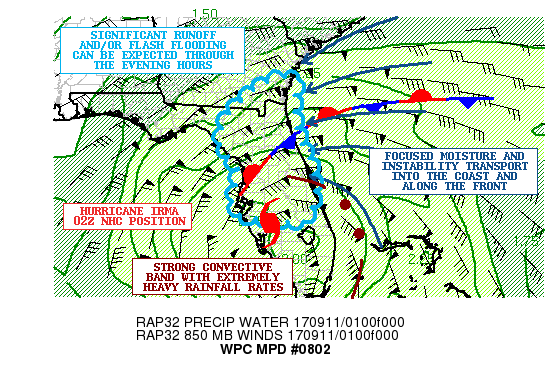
AREAS AFFECTED...CENTRAL/NORTHERN FL...SOUTHEAST GA

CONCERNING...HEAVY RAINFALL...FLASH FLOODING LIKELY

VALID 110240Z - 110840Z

SUMMARY...HURRICANE IRMA CONTINUES TO ADVANCE NORTH UP ALONG THE
WEST SIDE OF THE FL PENINSULA WITH EXTREMELY HEAVY RAINFALL.
SIGNIFICANT RUNOFF AND/OR FLASH FLOODING IS EXPECTED OVERNIGHT.

DISCUSSION...HURRICANE IRMA AT 02Z/10PM EDT WAS LOCATED 50 MILES
ENE OF FT. MYERS FL...AND MOVING NORTH AT 14 MPH. THE INNER CORE
OF IRMA CONTINUES TO GRADUALLY WEAKEN OVER LAND AND THERE IS A
SIGNIFICANT AMOUNT OF DRY AIR POURING IN AROUND THE SOUTHERN
SEMICIRCLE OF THE STORM WHICH IS EVIDENCED QUITE STRONGLY FROM THE
SUITE OF NON-OPERATIONAL GOES-16 WV BANDS AND CONFIRMED BY RADAR
IMAGERY WHICH SHOWS LITTLE IF ANY CONVECTION SOUTH OF THE CENTER.

HOWEVER...VERY HEAVY RAINS CONTINUE TO FOCUS AROUND THE NORTHERN
SEMICIRCLE OF IRMA WITH ENHANCED SURFACE CONVERGENCE HELPING TO
SUSTAIN STRONGLY FORCED CONVECTION. THIS IS PARTICULARLY THE CASE
WITH THE REMNANTS OF THE NORTHERN EYEWALL STILL SEEN PRODUCING
SOME RAINFALL RATES OF 3 TO 4 INCHES/HR. MEANWHILE...VERY STRONG
ATLANTIC INFLOW WITH FOCUSED MOISTURE/INSTABILITY TRANSPORT IS
NOTED TOWARD THE EAST-CENTRAL AND NORTHEAST PART OF FL...AND THIS
IS FOSTERING SOME VERY INTENSE CONVECTIVE BANDS...WITH THE MOST
ORGANIZED BAND SITUATED FROM LAKE COUNTY EAST-SOUTHEAST ACROSS
SEMINOLE AND BREVARD COUNTIES. THIS CONVECTIVE BAND IS LIKELY
PRODUCING RAINFALL RATES OF CLOSE TO 4 INCHES/HR AND IS ALSO AT
LEAST BRIEFLY TRAINING OVER THE SAME AREA AS IT GRADUALLY LIFTS
NORTH WITH THE OVERALL FORWARD MOTION OF THE HURRICANE.

SURFACE OBSERVATIONS AND THE LATEST RAP ANALYSIS ALSO CONTINUE TO
SHOW A FRONTAL ZONE DRAPED ACROSS THE NORTH-CENTRAL PART OF THE
STATE...WITH A SW/NE ORIENTATION FROM NEAR TAMPA NORTHEAST TO NEAR
ST. AUGUSTINE. THIS VERY STRONG ATLANTIC INFLOW WILL CONTINUE TO
INTERACT WITH THIS FRONTAL ZONE AND PROVIDE A DEGREE OF VERY
STRONG ISENTROPIC ASCENT FOR AREAS NORTH AND WEST OF THIS
BOUNDARY...RESULTING IN PERSISTENT HEAVY RAINFALL WELL NORTH AHEAD
OF IRMA. AS IRMA LIFTS NORTH ACROSS WEST-CENTRAL FL...THIS FRONT
SHOULD BEGIN TO ADVANCE FARTHER NORTHWEST WHICH WILL ALLOW FOR
HEAVIER RAINFALL TO SPREAD FARTHER NORTH INTO ADJACENT AREAS OF
SOUTHERN GA LATER IN THE NIGHT.

THE HEAVIEST RAINFALL THOUGH THROUGH THIS PERIOD SHOULD BE
CONFINED WITHIN THE STRONG CONVECTIVE BANDS IMPACTING THE
EAST-CENTRAL TO NORTHEAST PART OF FL AND IN TIME BECOMING MORE
FOCUSED OVER SOUTHEAST GA. ADDITIONAL RAINFALL TOTALS OF AS MUCH
AS 4 TO 8+ INCHES ARE EXPECTED THROUGH DAWN. ELSEWHERE ACROSS
CENTRAL AND NORTHERN FL...ADDITIONAL RAINFALL AMOUNTS OF 3 TO 6
INCHES ARE EXPECTED AND ESPECIALLY NEAR THE CENTER OF IRMA.
SIGNIFICANT RUNOFF AND/OR FLASH FLOODING CONCERNS ARE EXPECTED
WITH THESE TOTALS.